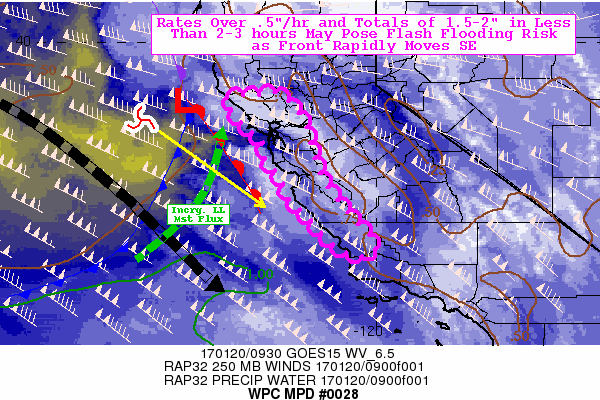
AREAS AFFECTED...COASTAL CENTRAL CALIFORNIA

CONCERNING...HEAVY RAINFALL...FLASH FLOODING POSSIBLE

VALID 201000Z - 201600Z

SUMMARY...STRONG VERTICAL ASCENT WITH LOW BUT SUFFICIENT
INSTABILITY AND MOISTURE MAY SUPPORT CONVECTIVELY INDUCED SHORT
DURATION HIGH INTENSITY RAINFALL THAT MAY POSE FLASH FLOODING
CONCERN ALONG THE CA COAST THIS MORNING.

DISCUSSION...GOES-W WV LOOP SHOWS STRONG HEIGHT FALLS/DARKENING
JUST OFF THE NW CA COASTLINE AT THIS TIME ALONG THE LEFT EXIT OF
150KT JET.  THIS DARKENING/LEFT EXIT REGION HAS STRONG DPVA SIGNAL
WITH SIGNIFICANT TRANSVERSE BANDING AND CONVECTIVE ELEMENTATION
GROWING IN GOES-W IR FROM CAPE MENDOCINO TOWARD SAN FRANCISCO BAY
AREA.  EIR ALSO DENOTES A MODESTLY WIDE SW-NE ORIENTED HAZY/MILKY
BAND ASSOCIATED WITH THE LOW LEVEL MOISTURE.  BLENDED TPW SUGGESTS
DEEPEST MST (ABOVE 1.0") REMAINS WELL OFFSHORE WHICH MATCHES
CURRENT LOW TDS SEEN ALONG THE COAST AT THIS TIME.  BLENDED
LAYERED TPW SUGGEST 850-700MB VALUES REMAIN BELOW .3" ALONG THE
COAST FURTHER SUPPORTING THE LOWER LEVEL DRYNESS.  STILL WITH
VIGOROUS HEIGHT FALLS/DPVA AND MILD CAA ALOFT TO STEEPEN LAPSE
RATES WILL SUPPORT MUCAPES TO 250 J/KG...ALLOWING FOR SOME
VERTICAL GROWTH/CONVECTIVE EXPANSION THAT WILL BE MAXIMIZED ALONG
THE RAPIDLY ADVANCING COLD FRONT.

STILL HI-RES CAMS ARE SUPPORTIVE OF THIS NARROW LINE OF EXPANDING
CONVECTION REACHING S MENDOCINO/N SONOMA COUNTY JUST AHEAD OF THE
SFC TRIPLE POINT AND UPPER LEVEL VORT CENTER AROUND 11-12Z...AND
WILL SLIDE SOUTHEASTWARD WITHIN THE LEFT EXIT OF THE JET ACROSS
MARIN TO SANTA CRUZ FROM 12-14Z...WITH RATES UP TO .75"/HR
PARTICULARLY IN AREAS AIDED BY OROGRAPHIC ASCENT.  THIS COULD
POTENTIALLY LEAD TO RAINFALL TOTALS OF 1.5-2" IN 2-3 HRS POSING
LOCALIZED FLASH FLOODING CONCERNS THROUGH THE EARLY MORNING HOURS
PARTICULARLY GIVEN WET ANTECEDENT CONDITIONS.